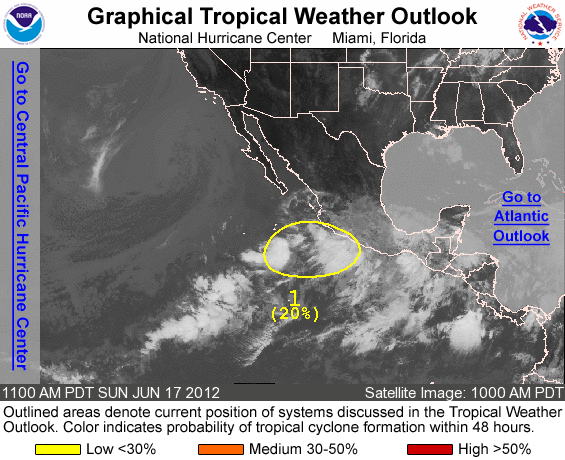
FOR THE EASTERN NORTH PACIFIC...EAST OF 140 DEGREES WEST LONGITUDE..

1. A TROUGH OF LOW PRESSURE EXTENDING FROM NEAR THE COAST OF MEXICO SOUTHWESTWARD INTO THE EASTERN PACIFIC OCEAN FOR SEVERAL HUNDRED MILES IS PRODUCING A LARGE AREA OF DISORGANIZED SHOWERS AND THUNDERSTORMS. ANY DEVELOPMENT OF THIS SYSTEM SHOULD BE SLOW TO OCCUR DURING THE NEXT COUPLE OF DAYS AS IT REMAINS NEARLY STATIONARY. THIS AREA OF DISTURBED WEATHER HAS A LOW CHANCE... 20 PERCENT...OF BECOMING A TROPICAL CYCLONE DURING THE NEXT 48 HOURS. REGARDLESS OF DEVELOPMENT...HEAVY RAINFALL AND THE THREAT FOR FLASH FLOODS AND MUDSLIDES WILL CONTINUE OVER PORTIONS OF SOUTH-CENTRAL MEXICO FOR THE NEXT COUPLE OF DAYS.

ELSEWHERE...TROPICAL CYCLONE FORMATION IS NOT EXPECTED DURING THE NEXT 48 HOURS.

FORECASTER BROWN